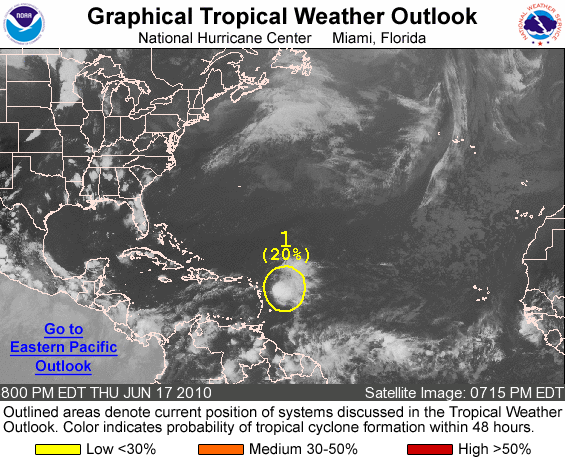
FOR THE NORTH ATLANTIC...CARIBBEAN SEA AND THE GULF OF MEXICO...

1. A STRONG TROPICAL WAVE APPROACHING THE LEEWARD ISLANDS IS PRODUCING AN AREA OF SHOWERS AND THUNDERSTORMS. ALTHOUGH THE ASSOCIATED SHOWER AND THUNDERSTORM ACTIVITY HAS INCREASED THIS EVENING...IT REMAINS POORLY ORGANIZED DUE TO STRONG UPPER-LEVEL WINDS. DEVELOPMENT...IF ANY...IS EXPECTED TO BE SLOW TO OCCUR AS THIS SYSTEM MOVES WEST-NORTHWESTWARD AT ABOUT 15 MPH. THERE IS A LOW CHANCE...20 PERCENT...OF THIS SYSTEM BECOMING A TROPICAL CYCLONE DURING THE NEXT 48 HOURS. REGARDLESS OF DEVELOPMENT...LOCALLY HEAVY RAINS AND GUSTY WINDS ARE POSSIBLE OVER PORTIONS OF THE LEEWARD ISLANDS...THE VIRGIN ISLANDS...AND PUERTO RICO OVER THE NEXT DAY OR TWO.

ELSEWHERE...TROPICAL CYCLONE FORMATION IS NOT EXPECTED DURING THE NEXT 48 HOURS.

FORECASTER CANGIALOSI/PASCH